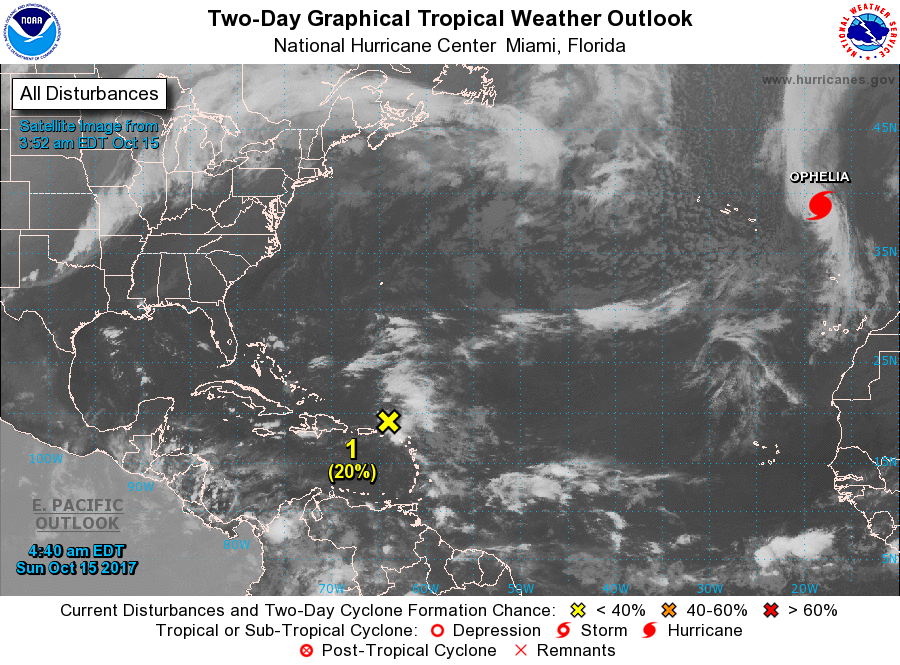
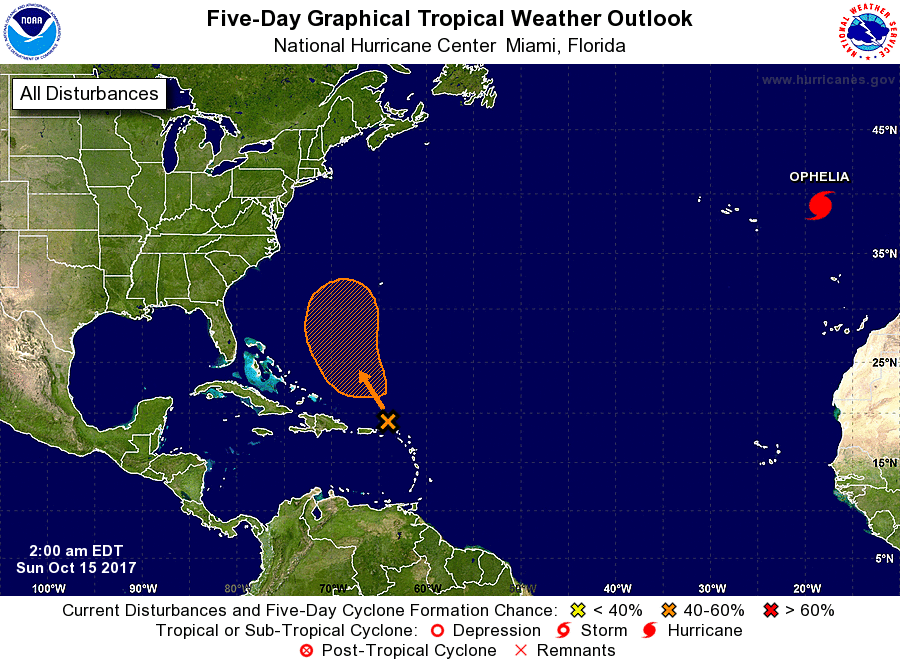
For the North Atlantic...Caribbean Sea and the Gulf of Mexico:

The National Hurricane Center is issuing advisories on Hurricane Ophelia, located over the eastern Atlantic Ocean more than 300 miles east of the easternmost Azores.

1. A broad trough of low pressure centered over the Virgin Islands and the northern Leeward Islands is producing disorganized showers and squalls over portions of the Leeward Islands and adjacent Atlantic waters. This activity is expected to spread across the Virgin Islands and Puerto Rico later this morning and continue into the afternoon. Upper-level winds are forecast to remain hostile for any significant development to occur during the next day or two. However, the environment could become somewhat more conducive for development by early next week when the system begins to move northward and then recurves over the west-central Atlantic Ocean.
* Formation chance through 48 hours...low...20 percent.
* Formation chance through 5 days...medium...50 percent.

Forecaster Stewart